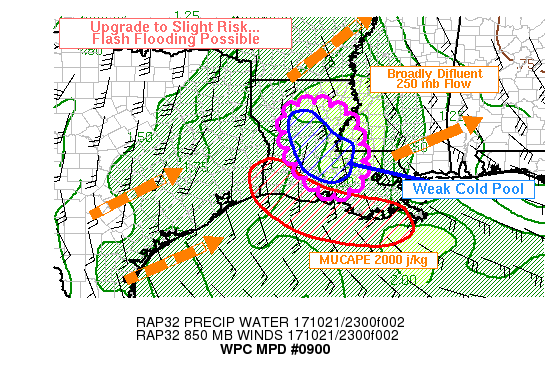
AREAS AFFECTED...CNTRL LA...SRN LA...SW MS

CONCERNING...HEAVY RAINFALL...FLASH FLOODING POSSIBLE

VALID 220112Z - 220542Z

SUMMARY...VERY HEAVY RAIN RATES...LOCALLY PERSISTENT...COULD LEAD
TO FLASH FLOODING.

DISCUSSION...OBSERVATIONAL TRENDS AND A SMALL INTENSE QPF SIGNAL
IN RECENT HRRR RUNS ARE CAUSE FOR SOME CONCERN. LOW LEVEL INFLOW
WAS VERY MOIST WITH PW 1.70 INCH OR GREATER ON 00Z SOUNDINGS FROM
LAKE CHARLES AND SLIDELL.

ONGOING STORMS AT 01Z HAD SHOWN CONTINUED STRENGTHENING...COOLING
CLOUD TOPS ALONG WITH INCREASING DUAL POL RAIN RATE
ESTIMATES...AND A GRADUAL ABILITY TO BECOME ORGANIZED. THE STORMS
WERE SUPPORTED BY RICH GULF MOISTURE STREAMING INTO A REGION OF
MODEST BUT PERSISTENT UPPER LEVEL DIFLUENCE AHEAD OF THE LARGE
SCALE AMPLIFYING TROUGH OVER THE PLAINS STATES. STORMS WEST OF
ALEXANDRIA...ALONG THE NORTHWEST EDGE OF THE RICHEST MOISTURE PER
TPW SATELLITE IMAGERY AND THE SPC
MESOANALYSIS...HAD BECOME ANCHORED WHERE SOUTHEASTERLY INFLOW WAS
BALANCED AGAINST SOUTHWESTERLY UPPER LEVEL FLOW. AT 01Z DUAL POL
RADAR AT FORT POLK... KPOE...ESTIMATED SMALL SCALE RAIN RATES NEAR
4 INCHES IN AN HOUR. CONTINUATION OF THIS ACTIVITY IS SOMEWHAT IN
DOUBT...AS THE UPSTREAM INFLOW WAS RAIN-COOLED...BUT INCREASING
SYNOPTIC ASCENT MAY SUSTAIN A NARROW CONVECTIVE WEDGE.

FARTHER SOUTH A COMBINED COLD POOL HAD GRADUALLY DEVELOPED FROM
BATON ROUGE TO LAFAYETTE...ACTING TO ENHANCE THE LOW LEVEL
CONVERGENCE AND SLOW THE INDIVIDUAL CELL MOTIONS. CONTINUED
MERGERS WITHIN THIS CLUSTER OF DEEP THUNDERSTORMS IS LIKELY
THROUGH AT LEAST 05Z...AND PERHAPS LONGER...PER RAP MODEL
FORECASTS OF INCREASINGLY DIFLUENT UPPER FLOW. RECENT HRRR RUNS
PRODUCE A SMALL BUT POTENTIALLY ACCURATE AREA OF EXCEPTIONAL
RAINFALL TOTALS THROUGH THE NIGHTTIME HOURS OVER SOUTHERN
LOUISIANA. ALTHOUGH THE HRRR SOLUTION OF GREATER THAN 10 INCHES
REPRESENTS A WORSE CASE SCENARIO...ANYTHING CLOSE TO THIS WOULD
EASILY EXCEED FFG...AND WPC UPGRADED THIS SMALL AREA TO A SLIGHT
RISK OF EXCESSIVE RAINFALL IN THE 01Z UPDATE.